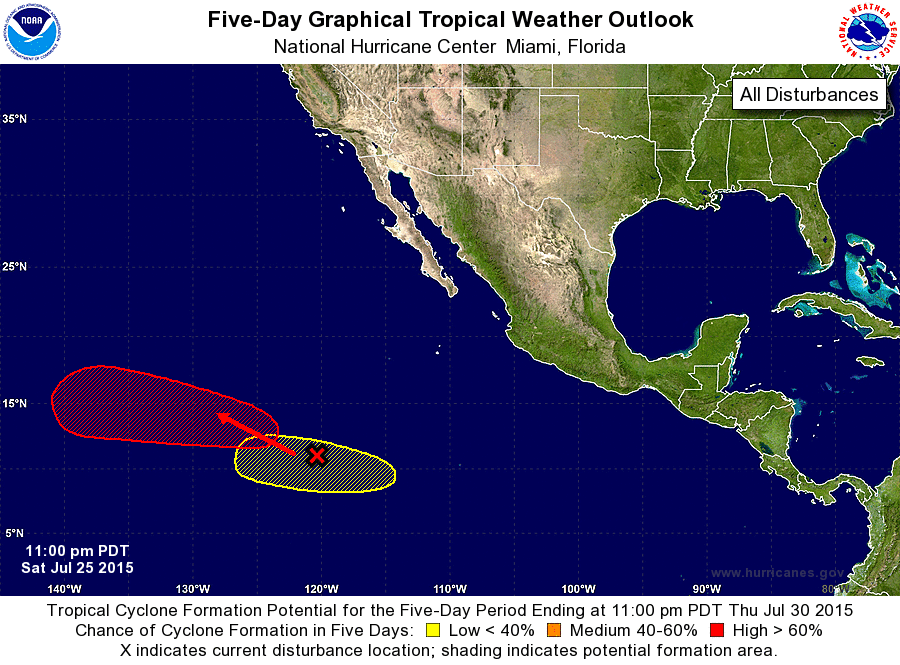
For the eastern North Pacific...east of 140 degrees west longitude:

1. A large but disorganized area of showers and thunderstorms centered about 1000 miles southwest of the southern tip of the Baja California peninsula is associated with an area of low pressure along a tropical wave. Environmental conditions are conducive for development, and a tropical depression is likely to form by the middle of next week while the low moves west-northwestward at around 15 mph.
* Formation chance through 48 hours...low...near 0 percent
* Formation chance through 5 days...high...70 percent

2. Another area of low pressure could form early next week well to the south-southwest of the southern tip of the Baja California peninsula. Environmental conditions appear to be conducive for slow development of this system.
* Formation chance through 48 hours...low...near 0 percent
* Formation chance through 5 days...low...30 percent

Forecaster Avila